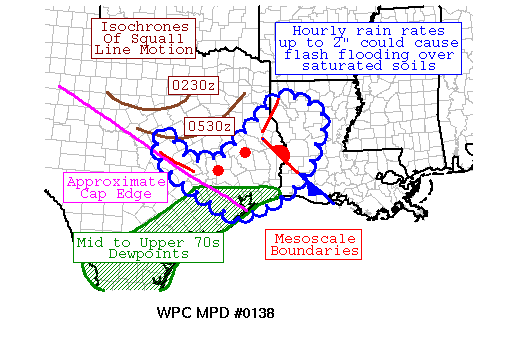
AREAS AFFECTED...SOUTHEAST TX & SOUTHWEST LA

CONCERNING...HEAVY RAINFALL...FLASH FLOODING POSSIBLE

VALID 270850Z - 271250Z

SUMMARY...A BAND OF THUNDERSTORMS IS EXPECTED TO MOVE INTO WESTERN
LA AND SOUTHEAST TX WITH HOURLY RAIN RATES UP TO 2" AN HOUR.
FLASH FLOODING IS POSSIBLE DUE TO SATURATED SOILS.

DISCUSSION...SATELLITE AND RADAR IMAGERY REVEAL A SQUALL LINE
WHICH HAS BECOME OUTFLOW DOMINANT HAS CAUSED ACTIVITY WITHIN ITS
SOUTHERN AND SOUTHWESTERN PERIPHERY TO BECOME MORE SCATTERED AND
BROADER IN AREAL EXTENT.  ITS FORWARD PROGRESSION IS
EAST-SOUTHEAST TO SOUTHEAST AT 25 KTS SINCE 0330Z.  THE INCREASE
IN BREADTH OF THE CONVECTION HAS LED TO A RECENT INCREASE IN
HOURLY RAINFALL RATES, BACK UP TOWARDS 2" LOCALLY.  INFLOW AT 850
HPA IS 25-35 KTS OVER ITS ASSOCIATED OUTFLOW BOUNDARY, IMPORTING
3000-5000 J/KG MUCAPES OVER THE FEATURE.  THE OUTFLOW BOUNDARY IS
STARTING TO PUSH INTO A SOUPY AIRMASS, WITH DEWPOINTS IN THE MID
TO UPPER 70S LOCATED ACROSS SOUTHERN TX AND ALONG THE TX COASTAL
PLAIN.  COMPLICATING THE CONVECTIVE FORECAST IS THE EDGE OF A CAP,
LOCATED FROM NEAR HOUSTON NORTHWESTWARD INTO CENTRAL TX WHICH
APPEARS NEARLY COINCIDENT WITH THE MUCAPE GRADIENT AND 9C 700 HPA
ISOTHERM.

THE MESOSCALE GUIDANCE HAS GENERALLY MISSED THE BOAT CONCERNING
THIS AREA OF CONVECTION, WITH THE 00Z SPCWRF THE BEST OF THE LOT,
ABOUT SEVEN HOURS TOO SLOW ON THE CONVECTIVE SYSTEM'S FORWARD
MOTION.  THE EXPECTATION IS FOR THE AREA OF THUNDERSTORMS TO
CONTINUE MOVING SOUTHEAST AT 25 KTS ACROSS SOUTHEAST TX AND
WESTERN LA AS THUNDERSTORM ACTIVITY CONTRIBUTES TO THE COLD POOL.
THESE SORT OF RAIN RATES CANNOT BE HANDLED IN THE HOUSTON METRO
AREA.  RECENT RAP FORECASTS INDICATE 850 HPA INFLOW INTO THE
REGION COULD INCREASE OVER THE NEXT SEVERAL HOURS, WHICH COULD
AGGRAVATE THE SITUATION.  HOURLY RAINFALL RATES UP TO 2" COULD
LEAD TO FLASH FLOODING OVER SATURATED SOILS.  UNCERTAINTY
REGARDING THE OVERALL FORECAST LED TO THE POSSIBLE CATEGORY BEING
USED.